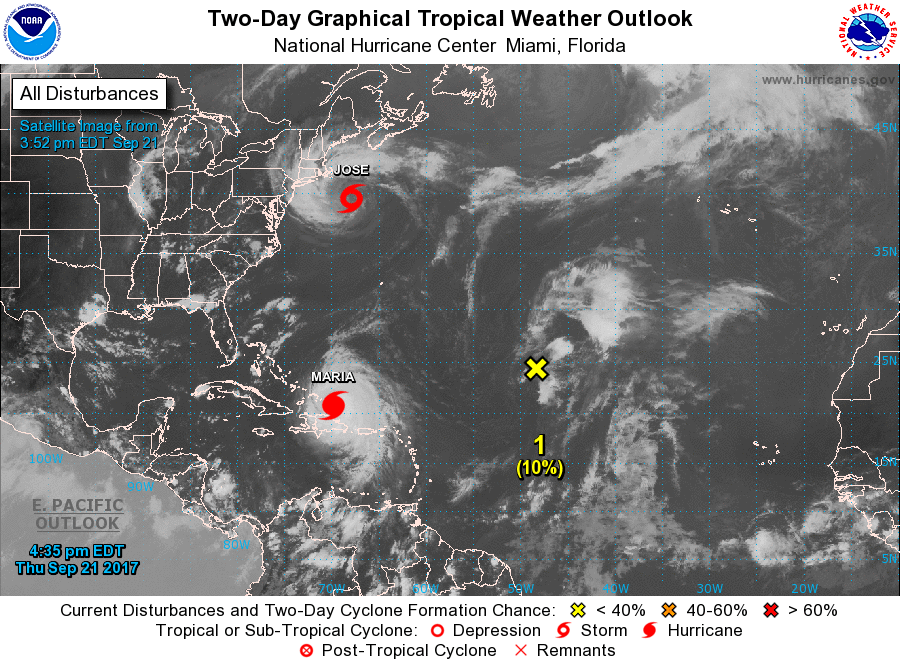
For the North Atlantic...Caribbean Sea and the Gulf of Mexico:

The National Hurricane Center is issuing advisories on Tropical Storm Jose, located a little less than two hundred miles southeast of Nantucket, Massachusetts, and on Hurricane Maria, located more than a hundred miles southeast of Grand Turk Island.

1. An elongated low pressure system, the remnants of Lee, is producing disorganized shower and thunderstorm activity about midway between the Azores and Lesser Antilles. Upper-level winds are expected to be unfavorable for significant development during the next few days. The low is forecast to move slowly northward over the open waters of the central Atlantic Ocean for the next several days.
* Formation chance through 48 hours...low...10 percent.
* Formation chance through 5 days...low...10 percent.

Forecaster Stewart